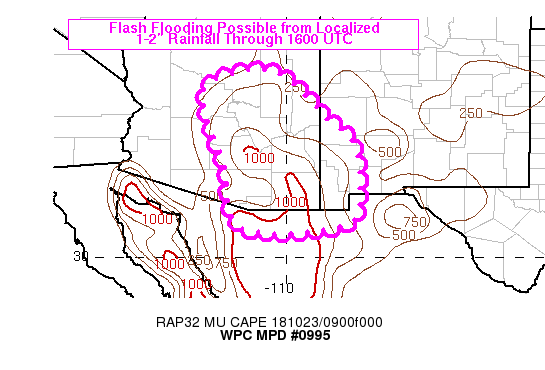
Areas affected...central/southeastern AZ into southwestern NM

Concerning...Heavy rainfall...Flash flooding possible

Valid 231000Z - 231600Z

Summary...An increase in convection starting around 12Z across
central and southeastern AZ into southwestern NM is expected to
pose a localized flash flood threat this morning. Maximum rainfall
totals of 1-2 inches will be possible through 16Z.

Discussion...GOES 16 water vapor imagery at 0930Z showed a well
defined shortwave west of the northern Baja peninsula of Mexico,
moving toward the east. A jet streak was inferred to the south of
the shortwave with GOES 16 Derived Motion Winds (DMV) showing a
90-110 kt core over the peninsula which was slightly stronger (10
kt) than RAP analyses and the DMV vectors suggested the jet streak
was a bit more compact than the RAP depiction. MUCAPE was
500-1000+ J/kg over southeastern AZ into southwestern NM as of 09Z
via the SPC mesoanalysis page with recent GPS precipitable water
values ranging between 0.8 and 1.1 inches across the region.

As depicted in short term forecasts from the RAP, as the shortwave
continues to approach the Southwest, increased cyclonic vorticity
advection and upper level diffluence will overspread central AZ to
the AZ/NM border, along with upper divergence associated with the
left exit region of the aforementioned 90-110 kt upper level jet
streak. The increased forcing for ascent and pool of instability
(which should only maintain or slowly increase in magnitude over
the next several hours) are expected to support an increase in
convection starting somewhere around 12Z over eastern AZ via
recent runs of the experimental HRRR and Arizona Regional WRF
model forecasts.

Layered PW imagery from CIRA has shown an increase in moisture in
the 700-500 mb layer over the AZ/NM border, emanating northward
from Hurricane Willa located west of central Mexico. This combined
with mid-upper level moisture advecting downstream of the Baja
peninsula shortwave trough is expected to have eroded mid-level
dry air noted in the 00Z EPZ and TUS soundings. Increased deep
layer relative humidity, sufficient CAPE above RAP forecast LFCs
near 700 mb and near unidirectional flow above 700 mb should help
to support periods of training rain. Rainfall rates of 0.5 to 1.0
in/hr are expected with localized 1-2 inch totals through 16Z.
Given areas from southern AZ into southwestern NM have seen
200-400 percent of normal rainfall over the past week, flash flood
susceptibility may be higher than average.